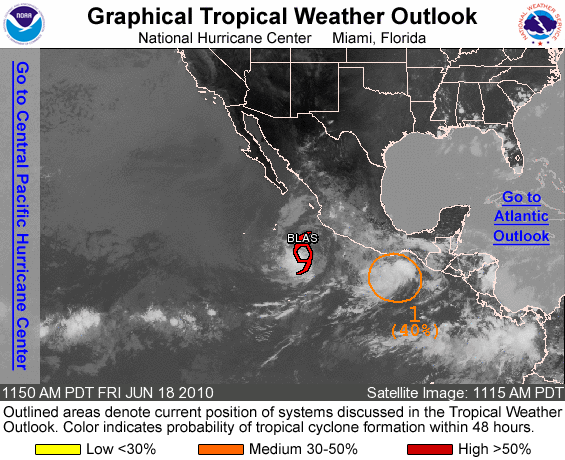
FOR THE EASTERN NORTH PACIFIC...EAST OF 140 DEGREES WEST LONGITUDE..

THE NATIONAL HURRICANE CENTER IS ISSUING ADVISORIES ON TROPICAL STORM BLAS LOCATED ABOUT 290 MILES SOUTHWEST OF MANZANILLO MEXICO.

1. THE AREA OF SHOWERS AND THUNDERSTORMS CENTERED A FEW HUNDRED MILES SOUTH OF THE GULF OF TEHUANTEPEC HAS CONTINUED TO BECOME BETTER ORGANIZED THIS MORNING...AND RECENT SCATTEROMETER DATA SUGGESTS A SURFACE CIRCULATION HAS FORMED. UPPER-LEVEL WINDS ARE MARGINALLY CONDUCIVE FOR ADDITIONAL DEVELOPMENT...AND A TROPICAL DEPRESSION COULD FORM DURING THE NEXT DAY OR SO AS THE SYSTEM MOVES SLOWLY WESTWARD OR WEST-NORTHWESTWARD. THERE IS A MODERATE CHANCE...40 PERCENT...OF THIS SYSTEM BECOMING A TROPICAL CYCLONE DURING THE NEXT 48 HOURS.

ELSEWHERE...TROPICAL CYCLONE FORMATION IS NOT EXPECTED DURING THE NEXT 48 HOURS.

FORECASTER BEVEN